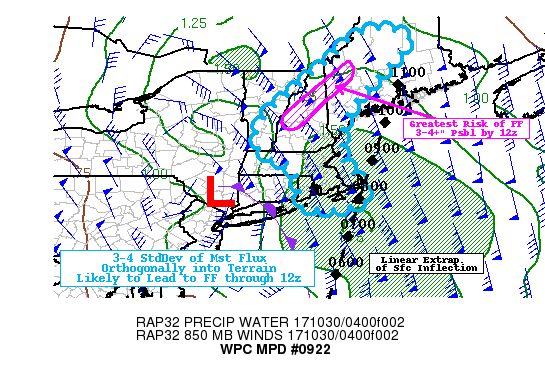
AREAS AFFECTED...RI...EASTERN MA...NH...WESTERN ME...SOUTHERN VT

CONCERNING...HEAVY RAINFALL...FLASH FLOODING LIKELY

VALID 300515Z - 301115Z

SUMMARY...EXTREME MOISTURE FLUX/OROGRAPHIC ASCENT ALONG S
GREEN/WHITE/BLUE MTN RANGES MAY LEAD TO HOURLY RAIN RATES IN
EXCESS OF 1.0" FOR 2-3 HOURS LEADING TO FLOODING WITH POSSIBLE
FLASH FLOODING CONDITIONS THROUGH 12Z.

DISCUSSION...GOES-16 IR/WV SUITE DEPICTS HIGHLY DYNAMIC AND
RAPIDLY DEEPENING CYCLONE ACROSS THE LOWER HUDSON RIVER VALLEY
WITH IDEAL DUAL JET STRUCTURES AND STRONG BRIGHTNESS TEMPERATURE
GRADIENTS IN WV TO INDICATE SUCH.  BLENDED TPW ANALYSIS ALSO SHOWS
A 225-250 NMI WIDE PLUME OF 1.5" WITHIN THE WARM CONVEYOR BELT
CENTERED ROUGHLY ALONG 70W.  DUE TO STRONG PRESSURE FALLS LOCAL
ISALLOBARIC ACCELERATION OF 925MB WINDS TO 50KTS GENERALLY FROM
THE SOUTHEAST AND PERPENDICULAR TO THE TERRAIN (BEST ALONG THE
WHITES/BLUES) WILL BE STEADILY INCREASING WITH THE APPROACH OF THE
INFLECTION ALONG THE WARM CONVEYOR BELT.

THE 3.9UM SWIR DEPICTS THIS INFLECTION NEAR 37.6N 71.1W PROVIDING
ADDITIONAL STRENGTHENING AND TIGHTENING OF CONVERGENCE MAINLY
NORTHEAST OF THE CIRCULATION.  THIS RESPONSE IS ALREADY
MANIFESTING WITH GROWING COOLING 10.3UM IR TOPS TO -65C WITH
OCCASIONAL OVERSHOOTING TOPS NEAR -70C.
SOME INSTABILITY IS AVAILABLE OVER THE OCEAN WITH MUCAPES TO
100-250 J/KG MAXIMIZING NEAR THE SFC INFLECTION AROUND 500-750
J/KG TO SUPPORT SHALLOW WARM CLOUD PROCESS CONVECTION.  CELL
MOTIONS ARE  PROGRESSIVE ENOUGH TO REDUCE DURATION FOR SIGNIFICANT
TOTALS THOUGH THERE IS A POSSIBILITY OF THE QUICK BURST RATES UP
TO 1.75"/HR TO ALLOW FOR A STRIPE OF 1-2" TOTALS ACROSS RI/EASTERN
MA BEFORE MOVING TOO FAR AWAY FROM THE INSTABILITY SOURCE OF THE
OCEAN.  THIS QUICK BURST MAY POSE AT LEAST A LOCALIZED THREAT FOR
URBAN FLOODING THROUGH 09Z.

WITHIN THE HIGHER TERRAIN WITH THE APPROACH OF THE WAVE...OVERALL
FLOW WILL BACK SLIGHTLY THROUGH 09-10Z (INTO SE MA/GULF OF ME PER
CURRENT EXTRAPOLATION) AND INCREASE TO 60-75KTS AT 925MB INTO
TOPOGRAPHY WITH 1.25-1.5" AVAILABLE MOISTURE. THIS IS WELL OVER
3-4 STANDARD DEVIATIONS FROM THE MEAN AND SHOULD ALLOW FOR RATES
FROM .75"/HR INCREASE TO MAXIMA NEAR 1.25" FROM
08-12Z...SUPPORTING TOTALS (ALONG THE SOUTHEAST/EASTERN FLANKS OF
THE PRESIDENTIAL PEAKS UP TO 3-4" THROUGH 12Z WITH 2-3" POSSIBLE
FROM THE WESTERN WHITES TO THE CENTRAL BLUE MTN RANGE IN MAINE.
THESE RATES AND COMPLEX NARROW FUNNELING CHANNELS WILL SUPPORT
FLOODING WITH FLASHY CONDITIONS LIKELY AT TIMES THROUGH 12Z.